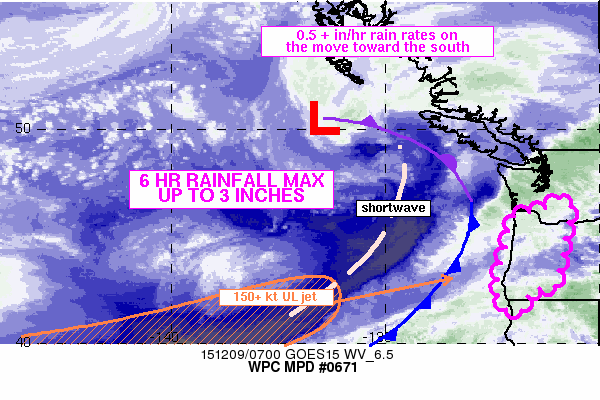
AREAS AFFECTED...SWRN WASHINGTON / WRN OREGON

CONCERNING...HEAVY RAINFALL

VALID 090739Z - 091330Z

SUMMARY...THE CORE OF THE 0.50+ IN/HR RAINFALL RATES WILL SHIFT
SOUTH DOWN THE OREGON COAST TO THE OREGON/CALIFORNIA BORDER BY
ABOUT 12Z. THE TOTAL DURATION OF THESE HIGHER RAINFALL RATES OVER
ANY GIVEN SPOT IS EXPECTED TO BE SHORTER...RELATIVE TO THE DAY ON
TUESDAY...BUT FLOODING IMPACTS WILL CONTINUE TO IMPACT ALREADY
SATURATED SOILS.

DISCUSSION...WATER VAPOR IMAGERY AT 07Z SHOWED A STEADILY
PROGRESSING SHORTWAVE TROUGH APPROACHING THE WASHINGTON/OREGON
COASTS...WITH AN OCCLUDED/COLD FRONT ANALYZED JUST AHEAD AT THE
SURFACE. PRECIPITABLE WATER VALUES OF 1.1 TO 1.2 INCHES WERE
FOUND...PER GPS DATA...AT THE NOSE OF AN ATMOSPHERIC RIVER LOCATED
JUST AHEAD OF THE COLD FRONT...WHICH WAS AIMED INTO THE N-CNTRL
OREGON COAST AT 07Z. AN AMSU PASS AT ROUGHLY 0530Z SHOWED MAXIMUM
RAIN RATES WITHIN THE CORE OF THE ATMOSPHERIC RIVER TO BE 0.27
IN/HR...WHICH WHEN ACCOUNTING FOR OROGRAPHICS...COULD BE UP TO
0.60 IN/HR ONCE INLAND. THIS WOULD BE CONSISTENT WITH WHAT HAS
BEEN OBSERVED OVER THE PAST SEVERAL HOURS ACROSS THE NRN OREGON
COASTAL RANGES AND THE SRN WASHINGTON CASCADES.

REGIONAL RADAR IMAGERY OVER THE PAST COUPLE OF HOURS HAS SHOWN AN
UPTICK IN REFLECTIVITY ACROSS THE N-CNTRL OREGON COAST DUE TO THE
ADVANCING COLD FRONT WHICH WILL BE SENDING THE CORE OF THE HIGHEST
PRECIPITABLE WATER VALUES SOUTHWARD DOWN THE OREGON COAST THROUGH
13Z. 850-700 MB FLOW OF 50-60 KTS...OBSERVED AT KRTX VAD WIND
PROFILE...IS MATCHED BY THE 06Z RAP...AND IS FORECAST TO CONTINUE
JUST AHEAD OF THE FRONT ALLOWING A CONTINUATION OF HOURLY RAIN
RATES OF 0.5 TO 0.6 IN/HR WITHIN HEAVIER BANDS. HOWEVER...THE
DURATION OF THESE HEAVY BANDS WILL BE LIMITED TO 2-3 HOURS OVER
ANY GIVEN LOCATION AS THE ENTIRE HEAVY RAINFALL AXIS WILL BE
MOVING SOUTH. THERE MAY BE SOME ENHANCEMENT AS THE CORE OF A 150+
KT UPPER LEVEL JET NEARS THE COAST BUT 6 HOUR RAINFALL TOTALS
SHOULD BE LIMITED TO BETWEEN 1.5 - 2.5 INCHES THROUGH ABOUT 13Z
WITH PERHAPS VERY LOCALIZED VALUES OF 3 INCHES ACROSS FAVORED
UPSLOPE LOCATIONS.